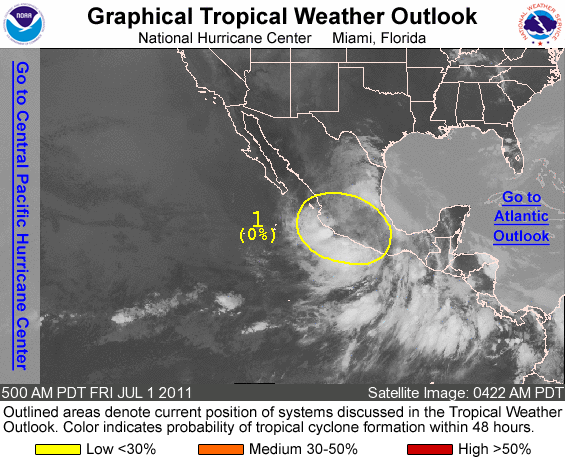
FOR THE EASTERN NORTH PACIFIC...EAST OF 140 DEGREES WEST LONGITUDE..

1. THE REMNANTS OF ATLANTIC TROPICAL STORM ARLENE ARE LOCATED INLAND OVER CENTRAL MEXICO. THIS SYSTEM IS EXPECTED TO MOVE WESTWARD OVER THE PACIFIC OCEAN DURING THE NEXT DAY OR TWO...BUT COLD WATER WEST OF CENTRAL MEXICO IS NOT CONDUCIVE FOR RE-DEVELOPMENT. REGARDLESS OF DEVELOPMENT...HEAVY RAINS ARE POSSIBLE NEAR THE COAST OF CENTRAL AND SOUTHWESTERN MEXICO OVER THE NEXT COUPLE OF DAYS...ESPECIALLY OVER MOUNTAINOUS TERRAIN. THERE IS A LOW CHANCE...NEAR 0 PERCENT...OF THIS SYSTEM BECOMING A TROPICAL CYCLONE DURING THE NEXT 48 HOURS.

ELSEWHERE...TROPICAL CYCLONE FORMATION IS NOT EXPECTED DURING THE NEXT 48 HOURS.

FORECASTER BERG